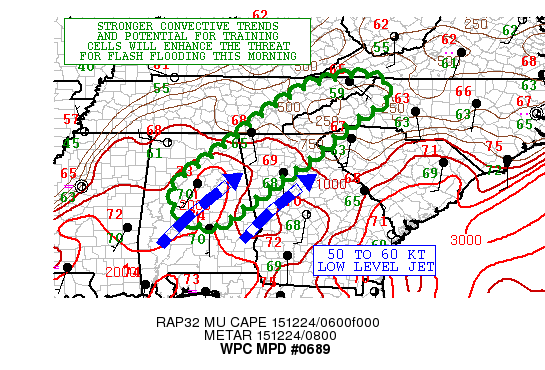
AREAS AFFECTED...CENTRAL/NORTHEAST AL...NORTHERN GA...EASTERN
TN...WESTERN NC...EXTREME WESTERN SC

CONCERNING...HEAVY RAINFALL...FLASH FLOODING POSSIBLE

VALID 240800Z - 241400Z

SUMMARY...VERY HEAVY SHOWERS AND THUNDERSTORMS WILL IMPACT THE TN
VALLEY AND AREAS OF THE SOUTHERN APPALACHIANS AND ADJACENT
FOOTHILLS THROUGH MID MORNING.

DISCUSSION...IR SATELLITE IMAGERY SHOWS COOLING CLOUD TOPS AND A
FEW OVERSHOOTING TOPS IN ASSOCIATION WITH THE SW/NE ORIENTED BANDS
OF CONVECTION MOVING ACROSS CENTRAL AND NORTHEAST AL AND WELL INTO
EASTERN TN. SOME OF THE CELLS ARE BEGINNING TO TRAIN OVER THE SAME
AREA...AND MEANWHILE ADDITIONAL CONVECTIVE TOPS ARE SHOWING SIGNS
OF INTENSIFICATION OVER THE LAST HOUR ALSO OVER NORTHERN GA.

THE ACTIVITY IS BEING FOSTERED BY A SHORTWAVE TROUGH THAT IS
EJECTING NORTHEAST ACROSS THE LOWER AND MID MS VALLEY REGION. THE
UPPER AIR FLOW IS QUITE DIVERGENT DOWNSTREAM OF THIS ACROSS THE TN
VALLEY AND THROUGHOUT THE SOUTHERN APPALACHIANS AND ADJACENT AREAS
OF THE SOUTHEAST. MEANWHILE...A DEEP LAYER SOUTHWESTERLY FETCH OF
MOISTURE INVOLVING THE SUBTROPICAL JET IS HELPING TO PROVIDE
ANOMALOUSLY HIGH PWATS ACROSS MUCH OF THE EASTERN U.S. EARLY THIS
MORNING...AS HIGH AS 1.6 TO 1.8 INCHES...AND IN SOME CASES RUNNING
2 TO 4 STD DEV ABOVE NORMAL. IN FACT...THE CIRA LAYERED PW PRODUCT
SHOWS A DISTINCT CONNECTION OF THE MID AND HIGH LEVEL MOISTURE TO
EASTERN TROPICAL PACIFIC OCEAN.

THE CONVECTION AHEAD OF THE AFOREMENTIONED SHORTWAVE TROUGH AND
ASSOCIATED COLD FRONT IS LIKELY TO PERSIST THROUGH MID MORNING
GIVEN THE DEGREE OF LARGER SCALE ASCENT AND PERSISTENCE OF A VERY
MOIST AND AT LEAST MODESTLY UNSTABLE AIRMASS. AREA VWPS SHOW A
SOUTHWEST LOW LEVEL JET OF 50 TO 60 KTS AND THIS WILL NOT ONLY
SUSTAIN THE LOW LEVEL MOISTURE TRANSPORT OUT OF THE GULF OF
MEXICO...BUT WILL ALSO ENHANCE THE UPSLOPE/OROGRAPHIC FORCING
ACROSS PORTIONS OF THE SOUTHERN APPALACHIANS. RAINFALL RATES HAVE
BEEN OBSERVED TO BE AT OR ABOVE 1 INCH/HR WITHIN THE CONVECTIVE
BANDS...BUT MAY BECOME ENHANCED FURTHER OVER THE NEXT COUPLE OF
HOURS GIVEN THE LOCALIZED UPSLOPE FLOW COMPONENT AND POTENTIAL FOR
SOME OVERSHOOTING TOPS WITHIN THE STRONGER CONVECTIVE CELLS.

SOME OF THESE AREAS HAVE ALREADY SEEN HEAVY RAINFALL EARLIER...AND
SOME CAM GUIDANCE...MAINLY THE 00Z NMMB AND HRRR ARE SUGGESTING
ADDITIONAL RAINFALL AMOUNTS OF 2 TO 4 INCHES WITH ISOLATED HEAVIER
AMOUNTS THROUGH MID MORNING. HOWEVER...GIVEN THE FAVORABLE SET-UP
FOR TRAINING CELLS...THE CAM GUIDANCE MAY TEND TO BE UNDER DOING
THE RAINFALL POTENTIAL. IN ANY CASE...THE ADDITIONAL HEAVY
RAINFALL WILL ELEVATE THE RISK OF FLASH FLOODING AND RUNOFF
PROBLEMS.